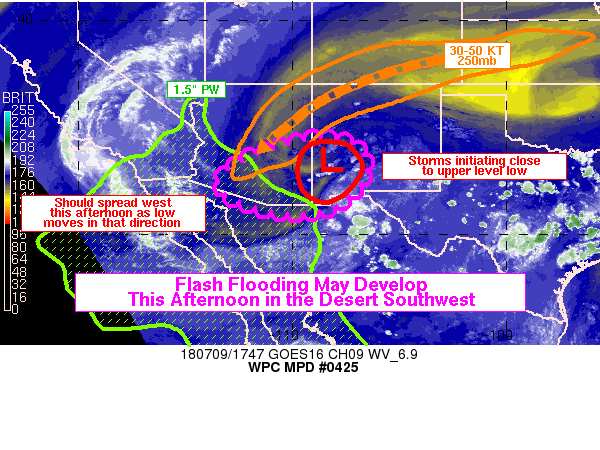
AREAS AFFECTED...SOUTHWEST NEW MEXICO...SOUTHERN ARIZONA

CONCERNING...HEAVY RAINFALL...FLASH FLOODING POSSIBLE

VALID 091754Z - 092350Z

SUMMARY...SCATTERED THUNDERSTORMS WILL BEGIN TO DEVELOP IN SW NEW
MEXICO AND SE ARIZONA AROUND MIDDAY AND THEN BECOME MORE NUMEROUS
AND SPREAD WEST INTO SRN ARIZONA DURING THE AFTERNOON. THESE
STORMS MAY HAVE RAIN RATES OF 1-2 IN/HR WHICH COULD LEAD TO FLASH
FLOODING...ESPECIALLY IN URBAN AREAS OR NEAR TERRAIN GRADIENTS.

DISCUSSION...REGIONAL RADARS AND GOES-15 VISIBLE SATELLITE SHOWED
CONVECTION BEGINNING TO INITIATE IN PORTIONS OF THE DESERT
SOUTHWEST... PRIMARILY IN CLOSE PROXIMITY TO THE SLIGHTLY COOLER
AIR ALOFT ASSOCIATED WITH AN UPPER LEVEL LOW DRIFTING WEST OVER
NEW MEXICO. THIS SAME REGION (THE SOUTHERN NM-AZ BORDER AREA) WAS
ALSO IN THE LEFT EXIT REGION OF A 30-50 KNOT UPPER LEVEL
JET...EVIDENT IN WATER VAPOR IMAGERY AS A POCKET OF DRIER (HIGH
PV) AIR CURLING AROUND THE NW PERIPHERY OF THE UPPER LEVEL LOW.
THUS THE AREA IS ALSO IN A FAVORED PLACE FOR UPPER LEVEL
DIVERGENCE...AND THE LARGE SCALE SETUP ALOFT FAVORS VERTICAL
MOTION INTO THE AFTERNOON INTO THE SOUTHERN TIER OF ARIZONA AS THE
LOW CONTINUES TO DRIFT WEST. THEREFORE...CONVECTION IS ALSO
EXPECTED TO DEVELOP AND/OR SPREAD WEST INTO SRN
ARIZONA...PARTICULARLY AS A COUPLE MORE HOURS OF INSOLATION ERODES
REMAINING CINH AND MID-LEVEL LAPSE RATES GET A LITTLE STEEPER WITH
THE APPROACH OF THE UPPER LEVEL LOW. AS CONVECTION REACHES
ARIZONA...IT SHOULD ENCOUNTER BOTH STRONGER INSTABILITY AND HIGHER
PWS (OVER 1.5 INCHES). THIS WILL SUPPORT MORE VIGOROUS CONVECTION
CAPABLE OF SUSTAINING 1+ IN/HR RAIN RATES FOR LONGER PERIODS OF
TIME.

THEREFORE...SPORADIC AND LOCALIZED HEAVY RAINFALL WILL BE POSSIBLE
CLOSE TO THE UPPER LEVEL LOW IN SW NEW MEXICO (GENERALLY PRIOR TO
21Z) AND COULD LEAD TO VERY LOCALIZED FLASH FLOOD ISSUES.
HOWEVER...THE THREAT OF FLASH FLOODING SHOULD INCREASE IN THE
21-00Z TIME FRAME IN SOUTHERN ARIZONA AS CONVECTION BEGINS TO
ENCOUNTER A MORE FAVORABLE ENVIRONMENT. 1-2 IN/HR RAIN RATES COULD
LEAD TO AREAS OF FLASH FLOODING...PARTICULARLY IN SMALL BASINS
AROUND TERRAIN GRADIENTS AND IN URBAN AREAS SUCH AS THE PHOENIX OR
TUCSON METRO AREAS.